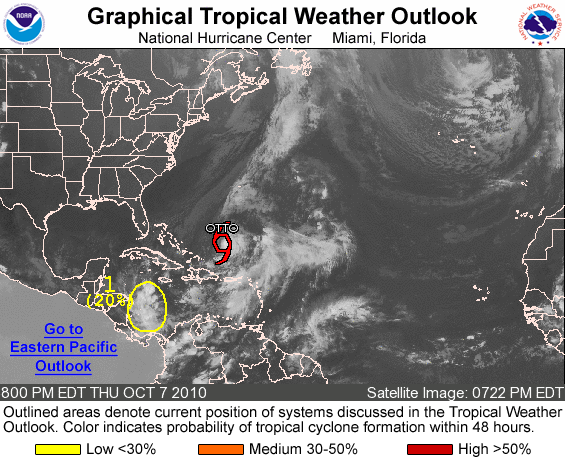
FOR THE NORTH ATLANTIC...CARIBBEAN SEA AND THE GULF OF MEXICO...

THE NATIONAL HURRICANE CENTER IS ISSUING ADVISORIES ON TROPICAL STORM OTTO...LOCATED ABOUT 280 MILES NORTHEAST OF GRAND TURK ISLAND AND ABOUT 600 MILES SOUTH-SOUTHWEST OF BERMUDA.

1. A BROAD TROUGH OF LOW PRESSURE CONTINUES TO PRODUCE AN AREA OF SHOWERS AND THUNDERSTORMS OVER PORTIONS OF THE WESTERN CARIBBEAN SEA. SOME SLOW DEVELOPMENT IS POSSIBLE AS THE SYSTEM REMAINS NEARLY STATIONARY OVER THE NEXT FEW DAYS. THERE IS A LOW CHANCE... 20 PERCENT...OF TROPICAL CYCLONE FORMATION DURING THE NEXT 48 HOURS.

ELSEWHERE...TROPICAL CYCLONE FORMATION IS NOT EXPECTED DURING THE NEXT 48 HOURS.

FORECASTER BERG